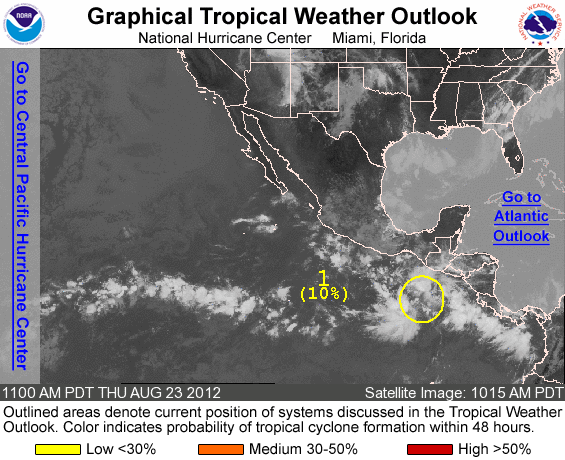
FOR THE EASTERN NORTH PACIFIC...EAST OF 140 DEGREES WEST LONGITUDE..

1. AN AREA OF DISTURBED WEATHER HAS FORMED A FEW HUNDRED MILES SOUTH-SOUTHWEST OF THE COAST OF GUATEMALA. SOME SLOW DEVELOPMENT OF THIS SYSTEM IS POSSIBLE DURING THE NEXT COUPLE OF DAYS AS IT MOVES GENERALLY WESTWARD AT 10 TO 15 MPH. THIS SYSTEM HAS A LOW CHANCE...10 PERCENT...OF BECOMING A TROPICAL CYCLONE DURING THE NEXT 48 HOURS.

ELSEWHERE...TROPICAL CYCLONE FORMATION IS NOT EXPECTED DURING THE NEXT 48 HOURS.

FORECASTER KIMBERLAIN